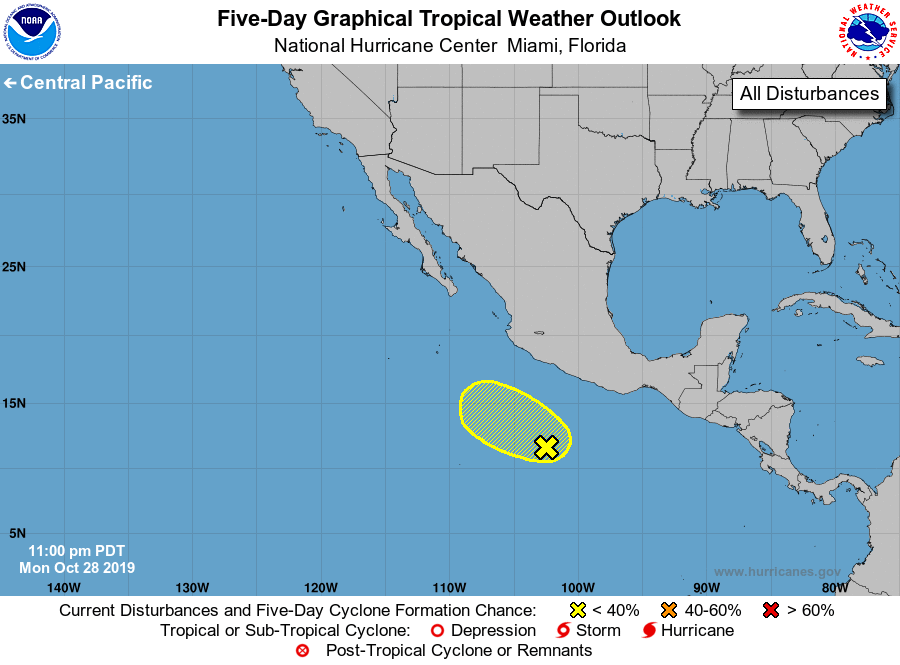
For the eastern North Pacific...east of 140 degrees west longitude:

1. Disorganized cloudiness and thunderstorms located several hundred miles south of the southern coast of Mexico are associated with an elongated area of low pressure. Any development of this system should be slow to occur while it moves slowly westward to west-northwestward during the next several days.
* Formation chance through 48 hours...low...10 percent.
* Formation chance through 5 days...low...20 percent.

Forecaster Brown